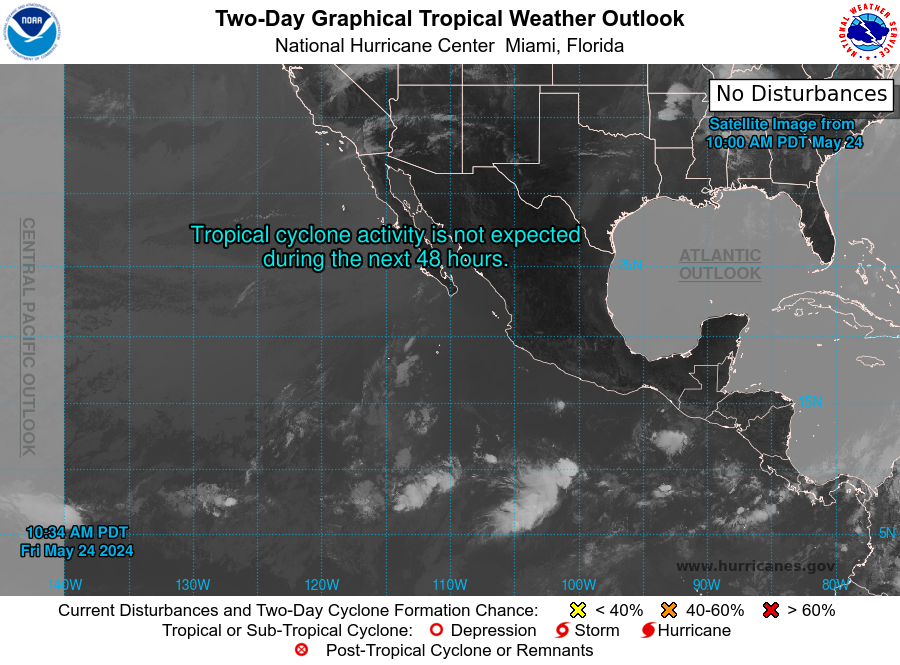
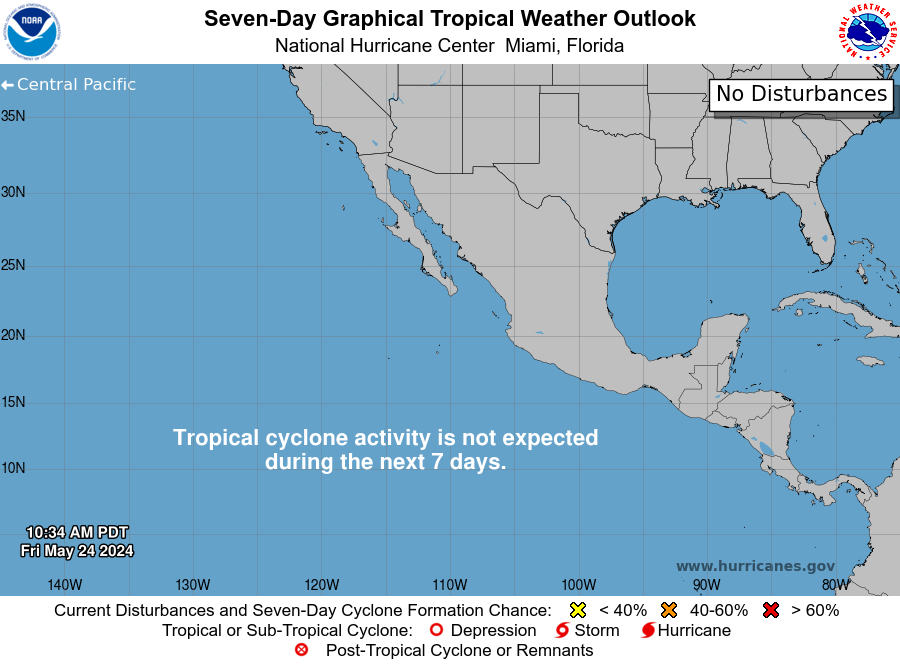
For the eastern North Pacific...east of 140 degrees west longitude:

Tropical cyclone formation is not expected during the next 7 days.

Forecaster Bucci